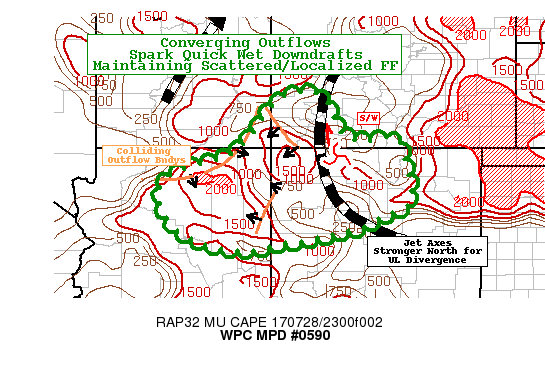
AREAS AFFECTED...NORTHEAST AZ...NORTHWEST NM...SOUTHWEST CO...

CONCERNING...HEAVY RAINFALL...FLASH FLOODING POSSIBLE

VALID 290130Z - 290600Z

SUMMARY...A FEW MORE HOURS OF NEARLY STATIONARY/QUICK BURSTS OF
HEAVY RAINFALL CAPABLE OF FLASH FLOODING.

DISCUSSION...WANING VISIBLE GOES-16 LOOP DETECTS NUMEROUS
CONVECTIVE OUTFLOW BOUNDARIES ACROSS THE COLORADO PLATEAU EMERGING
FROM SURROUNDING MOUNTAIN RANGES.  BOUNDARIES ARE QUITE IMPRESSIVE
AND AS THEY EMERGE FROM THEIR RANGES...THEY PROVIDE SUFFICIENT
ASCENT FOR NEW CONVECTIVE TOWERS THAT QUICKLY REACH -60C/EL AND
CONVERT THE NARROW SKINNY PROFILES (SUGGESTED BY 00Z FGZ AS PROXY)
INTO QUICK WET DOWNDRAFTS WITH HIGH RATES GREATER THAN 2"/HR WITH
TOTALS UP TO 1.0-1.5" BEFORE REINFORCING OUTFLOW BOUNDARIES. GIVEN
RECENT WETTED SOILS FROM ACTIVE WEEK OF THE MONSOON...FLASH
FLOODING THREAT REMAINS POSSIBLE THOUGH DIMINISHING.

MEAN UPPER LEVEL FLOW/EVACUATION AT CONFLUENCE OF RETURN FLOW
AROUND ANTICYCLONE TO THE EAST AND EXITING NORTHERN STREAM S/W
ACROSS N UT...ALLOWING FOR SOME STRONGER CELLS VERY NEAR THE
EASTERLY S/W NEAR NW NM ENTERING SW CO.  THIS SHOULD ALLOW FOR
SLIGHTLY LONGER DURATION SHOWERS/THUNDERSTORMS CLOSER/EAST OF THE
FOUR CORNERS...PERHAPS EXTENDING THE THREAT FOR MORE MODEST (GIVEN
NEARLY EXHAUSTED ELEVATED INSTABILITY) RAINFALL.